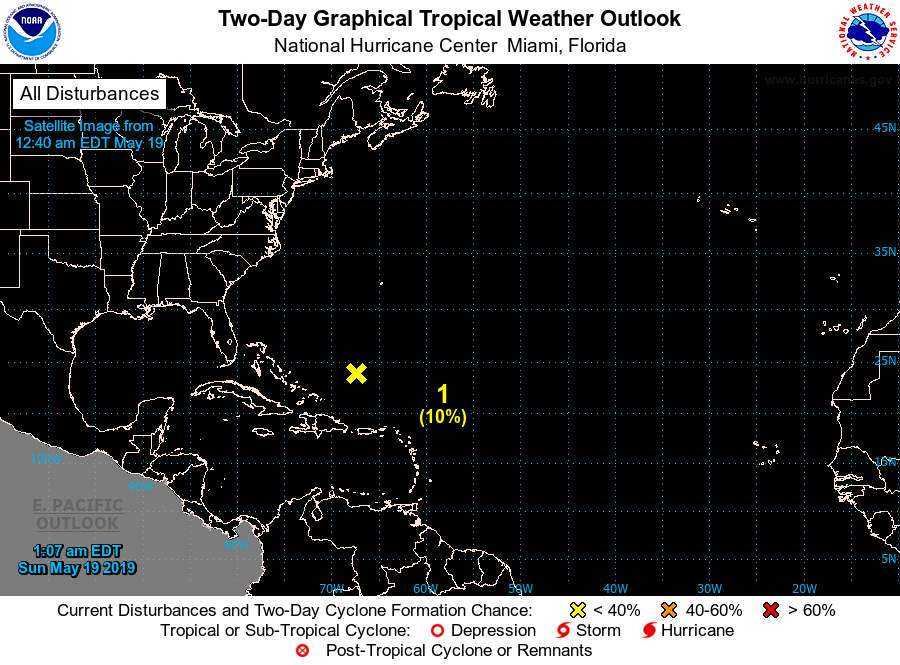
For the North Atlantic...Caribbean Sea and the Gulf of Mexico:

1. An area of low pressure is expected to form within a region of disturbed weather located several hundred miles southwest of Bermuda during the next couple of days. This system could gradually develop into a tropical or subtropical cyclone while it moves northward or northeastward through Tuesday. Environmental conditions are forecast to become unfavorable for further development by the middle of the week. The next Special Tropical Weather Outlook will be issued by 2 PM EDT Sunday, or sooner if conditions warrant.
* Formation chance through 48 hours...low...10 percent.
* Formation chance through 5 days...medium...40 percent.

Forecaster Zelinsky